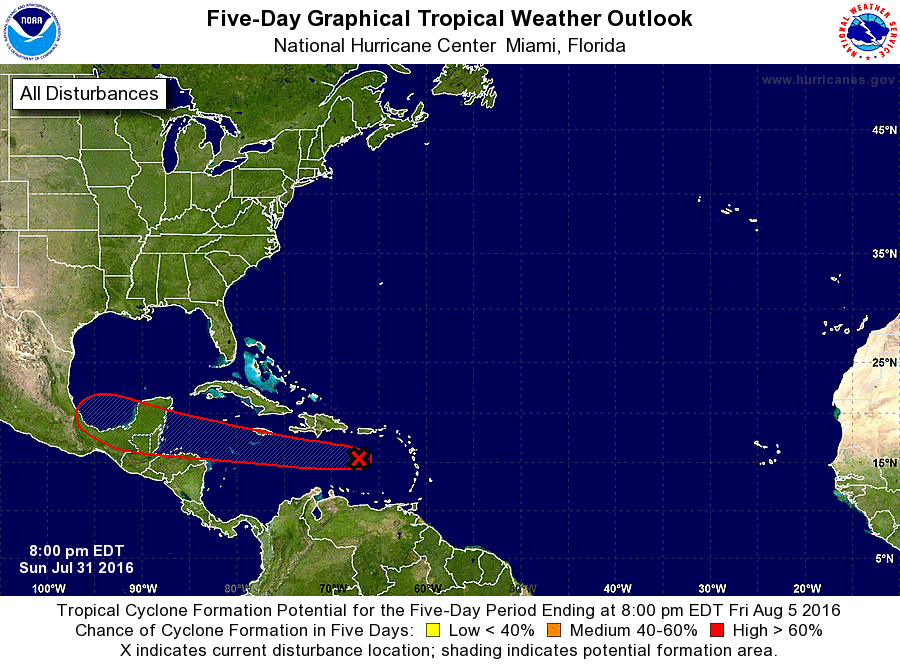
For the North Atlantic...Caribbean Sea and the Gulf of Mexico:

1. Showers and thunderstorms associated with a strong and fast-moving tropical wave over the east-central Caribbean Sea continue to show signs of organization, but there is still no evidence of a closed surface circulation. This system has the potential to become a tropical cyclone when the wave reaches the western Caribbean Sea in a couple of days. The disturbance is expected to cause locally heavy rains and gusty winds over portions of the Leeward Islands, the Virgin Islands, Puerto Rico tonight. These conditions are also spreading across Hispaniola, and should reach Jamaica and Cuba by late Monday as the wave moves westward near 25 mph over the central Caribbean Sea. Interests in these areas and elsewhere in the western Caribbean Sea should continue to monitor the progress of this system. For additional information on this system, see High Seas Forecasts issued by the National Weather Service.
* Formation chance through 48 hours...medium...50 percent
* Formation chance through 5 days...high...70 percent

High Seas Forecasts issued by the National Weather Service can be found under AWIPS header NFDHSFAT1, WMO header FZNT01 KWBC, and on the Web at http://www.opc.ncep.noaa.gov/shtml/NFDHSFAT1.shtml.

Forecaster Pasch